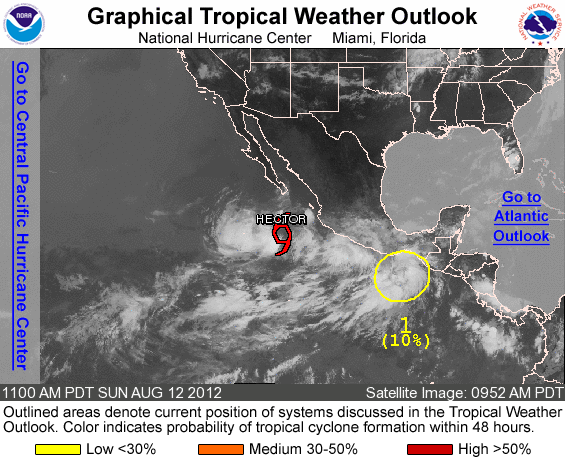
FOR THE EASTERN NORTH PACIFIC...EAST OF 140 DEGREES WEST LONGITUDE..

THE NATIONAL HURRICANE CENTER IS ISSUING ADVISORIES ON TROPICAL STORM HECTOR...LOCATED ABOUT 320 MILES SOUTH OF THE SOUTHERN TIP OF BAJA CALIFORNIA.

1. SHOWERS AND THUNDERSTORMS HAVE INCREASED IN ASSOCIATION WITH A TROUGH OF LOW PRESSURE NEAR THE GULF OF TEHUANTEPEC. SOME DEVELOPMENT OF THIS SYSTEM IS POSSIBLE DURING THE NEXT COUPLE OF DAYS AS IT MOVES WEST-NORTHWESTWARD AT 10 MPH. THIS SYSTEM HAS A LOW CHANCE...10 PERCENT...OF BECOMING A TROPICAL CYCLONE DURING THE NEXT 48 HOURS.

ELSEWHERE...TROPICAL CYCLONE FORMATION IS NOT EXPECTED DURING THE NEXT 48 HOURS.

FORECASTER CANGIALOSI